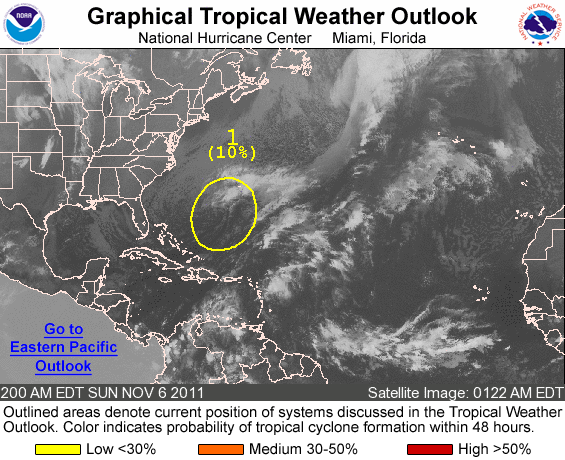
FOR THE NORTH ATLANTIC...CARIBBEAN SEA AND THE GULF OF MEXICO...

1. A LARGE NON-TROPICAL LOW PRESSURE SYSTEM LOCATED ABOUT 400 MILES SOUTHWEST OF BERMUDA IS PRODUCING AN EXTENSIVE AREA OF GALE-FORCE WINDS OVER THE CENTRAL ATLANTIC. ALTHOUGH SHOWERS AND THUNDERSTORMS ARE CURRENTLY LIMITED NEAR THE CENTER...THIS SYSTEM COULD GRADUALLY ACQUIRE SUBTROPICAL CHARACTERISTICS AS IT MOVES OVER WARMER WATER DURING THE NEXT FEW DAYS. THIS SYSTEM HAS A LOW CHANCE...10 PERCENT...OF BECOMING A SUBTROPICAL CYCLONE DURING THE NEXT 48 HOURS AS IT MOVES SLOWLY TOWARD THE SOUTHEAST OR SOUTH.

ADDITIONAL INFORMATION ON THIS GALE AREA CAN BE FOUND IN HIGH SEAS FORECASTS ISSUED BY THE NOAA NATIONAL WEATHER SERVICE UNDER AWIPS HEADER NFDHSFAT1...AND UNDER WMO HEADER FZNT01 KWBC.

ELSEWHERE...TROPICAL CYCLONE FORMATION IS NOT EXPECTED DURING THE NEXT 48 HOURS.

FORECASTER STEWART